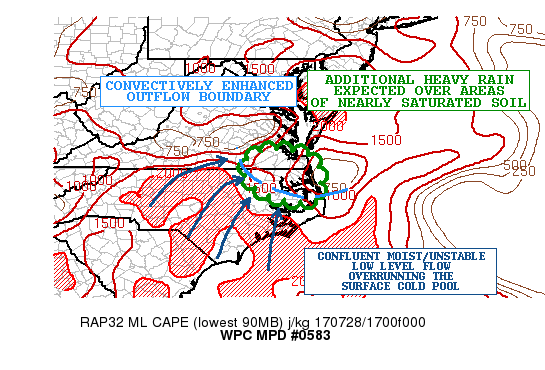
AREAS AFFECTED...SOUTHEAST VA...NORTHEAST NC

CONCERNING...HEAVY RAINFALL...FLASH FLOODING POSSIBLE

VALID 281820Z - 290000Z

SUMMARY...ADDITIONAL ROUNDS OF HEAVY SHOWERS AND THUNDERSTORMS ARE
EXPECTED THIS AFTERNOON. GIVEN EARLIER HEAVY RAINS AND SATURATING
SOIL CONDITIONS...SOME RUNOFF PROBLEMS AND/OR FLASH FLOODING IS
POSSIBLE.

DISCUSSION...RADAR IMAGERY IS SHOWING SOME UPTICK IN CONVECTION
OVER PARTS OF NORTHEAST NC AND ADJACENT AREAS OF SOUTHEAST
VA...WITH THE LATEST GOES-16 EXPERIMENTAL SATELLITE DATA SHOWING
COOLING CONVECTIVE TOPS. SURFACE OBSERVATIONS SHOW A FAIRLY
WELL-DEFINED A SMALL SCALE COLD POOL FROM CONVECTION EARLIER THIS
MORNING SITUATED OVER NORTHEAST NC...WITH AN EFFECTIVE
OUTFLOW/MESOSCALE BOUNDARY LAID DOWN ACROSS THE AREA AS A RESULT.
DIFFERENTIAL HEATING ACROSS THE AREA FROM THE EARLIER CLOUD COVER
HAS ONLY HELPED TO MAINTAIN THIS OVER THE LAST COUPLE OF HOURS.
THE AIRMASS OFF TO THE SOUTHWEST OF THE COLD POOL IS VERY MOIST
AND UNSTABLE...AND WITH A CONFLUENT LOW LEVEL FLOW REGIME OVER THE
COLD POOL AND RESULTING ISENTROPIC LIFT...CONVECTIVE REGENERATION
HAS BEEN OCCURRING AND SHOULD CONTINUE TO OCCUR OVER THE NEXT
SEVERAL HOURS.

PWATS ARE BETWEEN 2 AND 2.25 INCHES...AND WITH A RATHER EFFICIENT
COLUMN OF DEEP MOISTURE...RAINFALL RATES OF UP TO 2.5 TO 3
INCHES/HR WILL BE EXPECTED AS CONVECTION CONTINUES TO REORGANIZE
THIS AFTERNOON. THE LATEST HRRR ALONG WITH THE 12Z ARW/NSSL-WRF
GUIDANCE SUPPORTS POCKETS OF 3 TO 5 INCHES OF ADDITIONAL RAIN
THROUGH 00Z.

GIVEN THE NEARLY SATURATED SOIL CONDITIONS AT LEAST LOCALLY...SOME
RUNOFF PROBLEMS AND FLASH FLOODING WILL BE POSSIBLE.